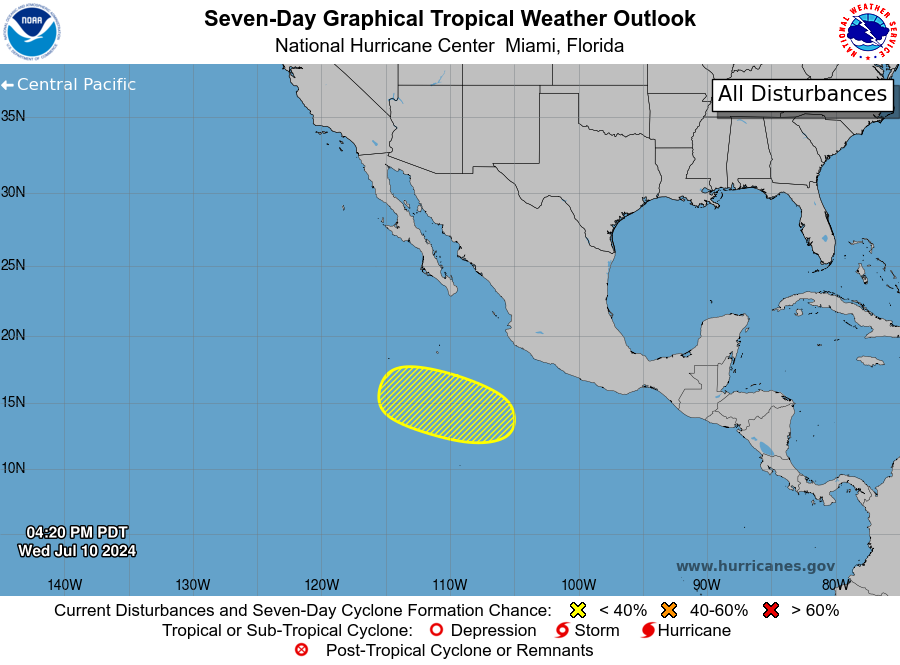
For the eastern North Pacific...east of 140 degrees west longitude:

1. Central East Pacific: An area of low pressure is expected to form this weekend or early next week several hundred miles south of the southern tip of Baja California. Conditions appear favorable for some slow development thereafter while the system moves generally west-northwestward at 10 to 15 mph.
* Formation chance through 48 hours...low...near 0 percent.
* Formation chance through 7 days...low...20 percent.

Forecaster Bucci